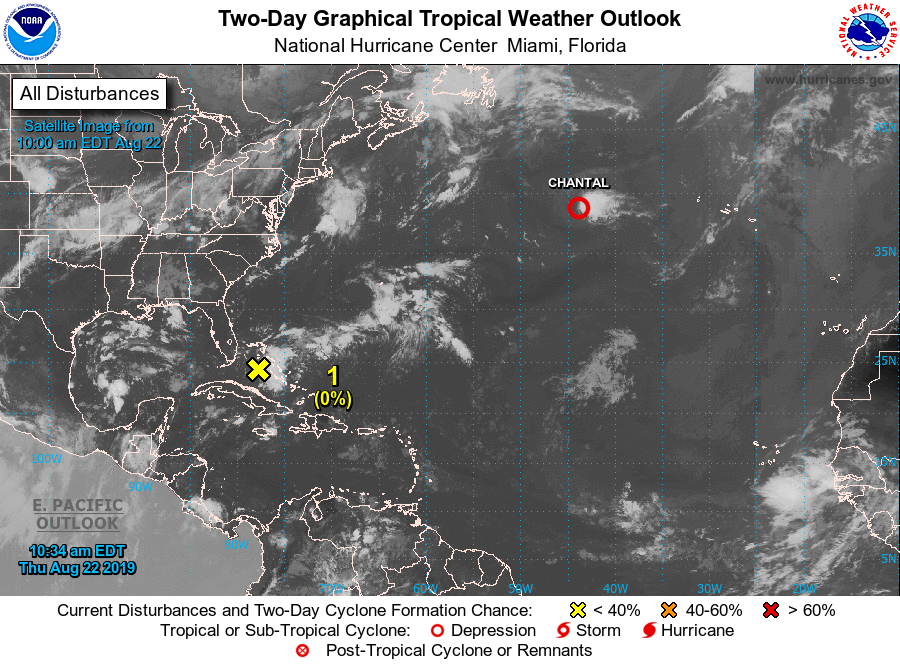
For the North Atlantic...Caribbean Sea and the Gulf of Mexico:

The National Hurricane Center is issuing advisories on Tropical Depression Chantal, located several hundred miles southeast of Cape Race, Newfoundland.

1. A trough of low pressure located over the central and northwestern Bahamas is producing disorganized showers and thunderstorms. Some slow development is possible by this weekend or early next week while the system moves northwestward toward the Florida peninsula at 5 to 10 mph and then turns northeastward off the southeastern coast of the United States.
* Formation chance through 48 hours...low...near 0 percent.
* Formation chance through 5 days...low...20 percent.

Forecaster Beven